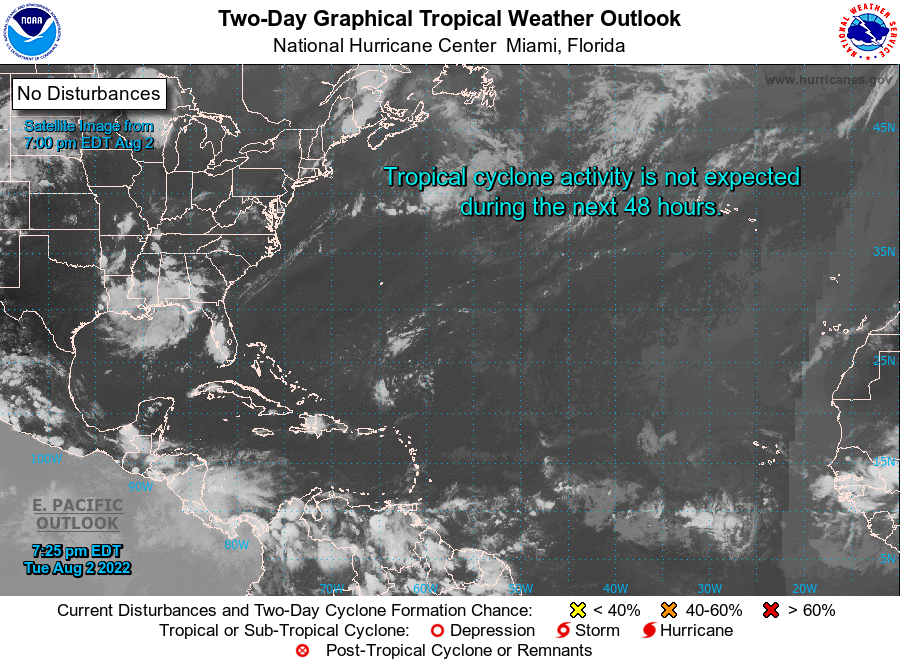
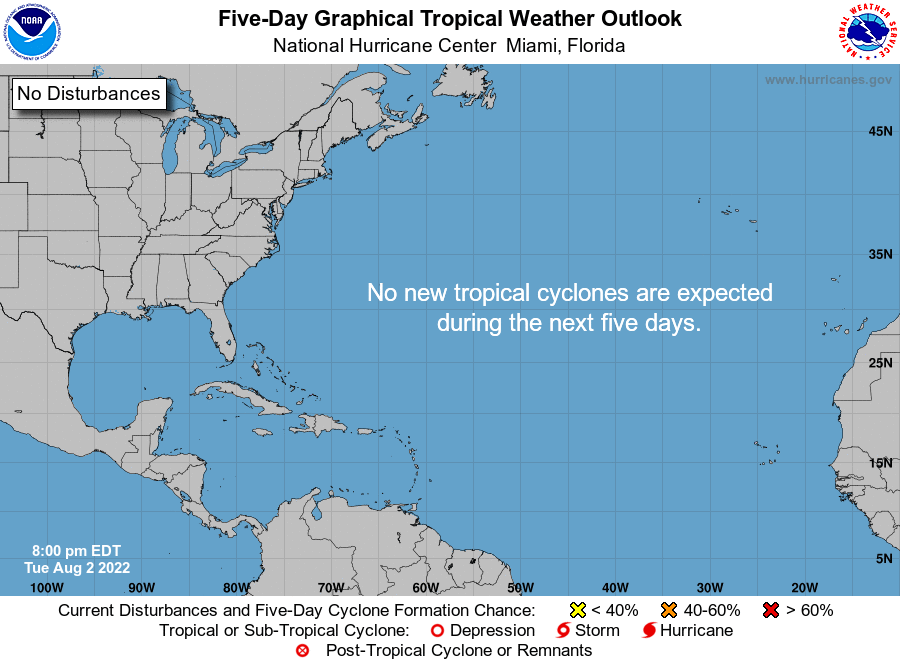
For the North Atlantic...Caribbean Sea and the Gulf of Mexico:

Tropical cyclone formation is not expected during the next 5 days.

Forecaster Berg